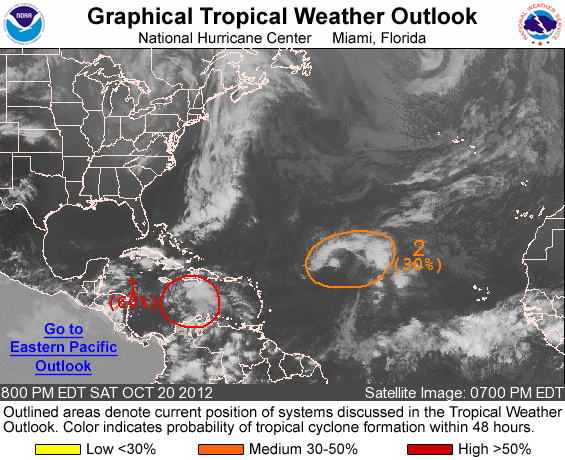
FOR THE NORTH ATLANTIC...CARIBBEAN SEA AND THE GULF OF MEXICO...

1. SATELLITE IMAGES INDICATE THAT SHOWERS AND THUNDERSTORMS ASSOCIATED WITH A TROPICAL WAVE OVER THE CENTRAL CARIBBEAN SEA HAVE CHANGED LITTLE IN ORGANIZATION DURING THE PAST SEVERAL HOUR. HOWEVER... SURFACE PRESSURES ARE LOW IN THE AREA...AND ENVIRONMENTAL CONDITIONS ARE EXPECTED TO BECOME CONDUCIVE FOR A TROPICAL DEPRESSION TO FORM DURING THE NEXT COUPLE OF DAYS. THIS SYSTEM HAS A HIGH CHANCE...60 PERCENT...OF BECOMING A TROPICAL CYCLONE DURING THE NEXT 48 HOURS AS THE WAVE MOVES SLOWLY WESTWARD. HEAVY RAINS FROM THIS DISTURBANCE OR POSSIBLE TROPICAL CYCLONE ARE LIKELY TO SPREAD OVER JAMAICA...EASTERN CUBA...AND HISPANIOLA OVER THE NEXT SEVERAL DAYS. THESE RAINS COULD PRODUCE LIFE-THREATENING FLASH FLOODS AND MUD SLIDES...ESPECIALLY NEAR AREAS OF HIGH TERRAIN.

2. CLOUDINESS AND THUNDERSTORMS CENTERED ABOUT 1000 MILES EAST-NORTHEAST OF THE LEEWARD ISLANDS ARE ASSOCIATED WITH AN UPPER-LEVEL LOW INTERACTING WITH A TROPICAL WAVE. THIS ACTIVITY HAS BECOME SLIGHTLY BETTER ORGANIZED DURING THE PAST SEVERAL HOURS... AND UPPER-LEVEL WINDS COULD BECOME A LITTLE MORE CONDUCIVE FOR DEVELOPMENT DURING THE NEXT DAY OR SO. THIS SYSTEM HAS A MEDIUM CHANCE...30 PERCENT...OF BECOMING A TROPICAL CYCLONE DURING THE NEXT 48 HOURS AS IT MOVES WEST-NORTHWESTWARD AT ABOUT 10 MPH.

ELSEWHERE...TROPICAL STORM FORMATION IS NOT EXPECTED DURING THE NEXT 48 HOURS.

FORECASTER BEVEN